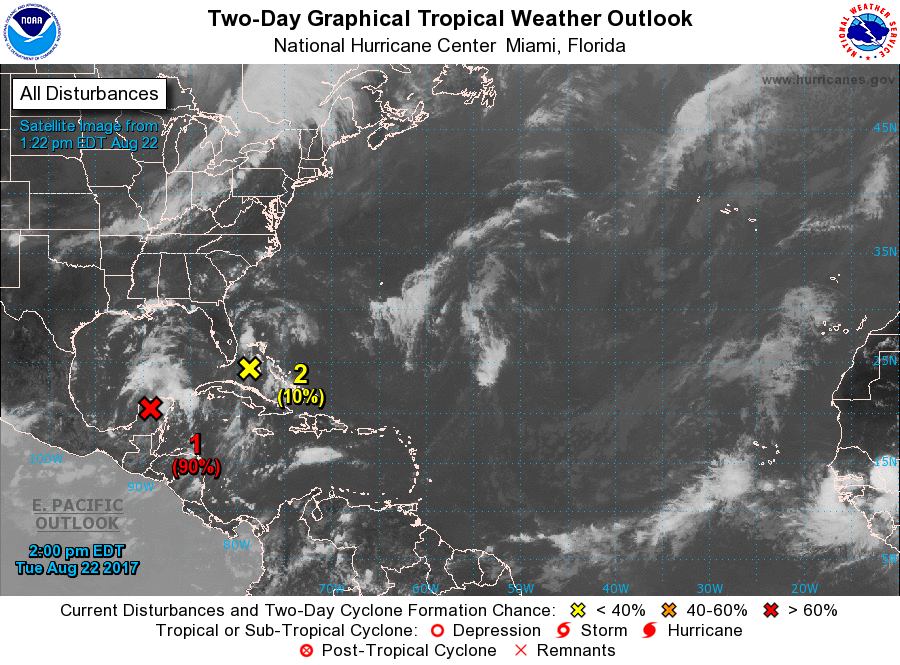
For the North Atlantic...Caribbean Sea and the Gulf of Mexico:

1. Satellite images indicate that an area of low pressure over the Yucatan Peninsula, associated with the remnants of Harvey, has become better defined during the day. Environmental conditions are conducive for development when the system moves over the Bay of Campeche tonight, and a tropical depression is expected to form over the southwestern Gulf of Mexico on Wednesday or Thursday, and move in the general direction of the Texas coast on Friday. Interests in northeastern Mexico and along the Texas coast should monitor the progress of this system, as it could produce storm surge and tropical storm or hurricane force winds along portions of the Texas coast, and very heavy rainfall across portions of central and eastern Texas from Friday through the weekend. Please refer to products from your local National Weather Service office for more information on this system.
* Formation chance through 48 hours...high...90 percent.
* Formation chance through 5 days...high...near 100 percent.

2. A large area of disorganized showers and thunderstorms over the Bahamas is associated with a trough of low pressure. Any development of this system during the next few days should be slow to occur while it moves northwestward or northward near Florida and the adjacent waters. Environmental conditions could become a little more conducive for tropical or subtropical development by the weekend when the system begins to move northeastward over the western Atlantic. Regardless of development, very heavy rain and flooding is possible over portions of the Florida peninsula during the next few days. Please refer to products from your local National Weather Service office for more information on this system.
* Formation chance through 48 hours...low...10 percent.
* Formation chance through 5 days...low...30 percent.

Forecaster Blake